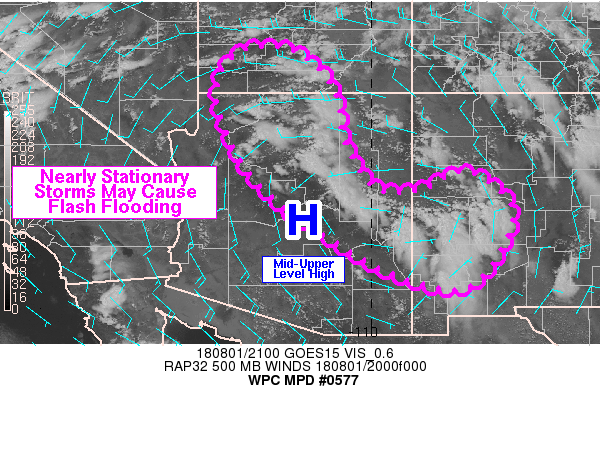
Areas affected...SW Utah into Mogollon Rim of Arizona, and SW New
Mexico

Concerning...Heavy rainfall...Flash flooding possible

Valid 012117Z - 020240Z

Summary...Nearly stationary thunderstorms along areas of elevated
terrain in the Desert Southwest may cause localized heavy rainfall
and flash flooding. Rain rates of 1-2 in/hr will be possible.

Discussion...GOES-15 visible and IR satellite channels show a
concentrated area of convective development from southwest Utah,
arcing back to the southeast along the Mogollon Rim in Arizona,
and into mountainous regions of west-central and southwest New
Mexico. These thunderstorms were developing in a modestly unstable
and moist environment, but these values as analyzed by the RAP (PW
around 0.8-1.0 inches; MLCAPE around 500 j/kg) are not
exceptionally high. The PW values are closer to the 60-70th
percentile for this time of year. However, they are high enough to
support locally heavy rainfall. The primary driving factor for
flash flood risk will be very slow storm motions. A large
mid-upper level anticyclone is centered on central Arizona, and
there is a weakness in the deep layer mean flow right over the
outlined region. Therefore, storms are likely to be nearly
stationary and could remained tied to terrain features for a few
hours with only a slow drift. This could lead to rain rates of 1-2
in/hr and localized flash flooding. The threat should wane with a
loss of daytime heating around 03Z.